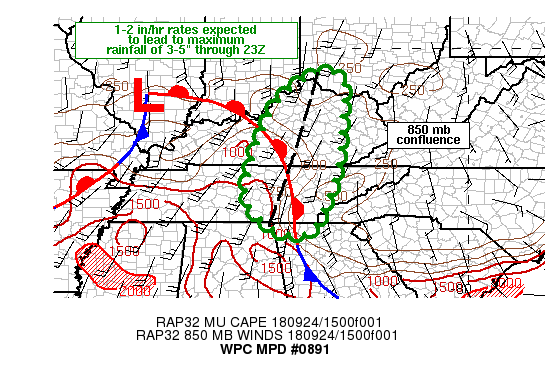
Areas affected...eastern TN into central/eastern KY and southern
OH

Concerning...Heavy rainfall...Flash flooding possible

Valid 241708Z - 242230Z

Summary...Rainfall rates of 1-2 in/hr are expected through the
afternoon across portions of eastern TN into central/eastern KY
and perhaps southern OH. Given low Flash Flood Guidance (FFG),
flash flooding will be possible.

Discussion...17Z surface observations showed a slow moving front
draped from the southern Mid-Atlantic states into the TN and lower
OH Valleys with extensive cloud cover to its north. 12Z RAOBs
indicated abundant moisture is in place with precipitable water
values near 2 inches from the lower MS Valley into the lower OH
Valley and modest 850 mb flow of 20-30 kt over KY and TN. Regional
radar imagery over the past 1-2 hours has largely shown radar
estimated rainfall rates below 1 in/hr over the region, with the
exception of northwestern GA where estimated and observed rates
were in the 1-2 in/hr range. Instability was a significant
limiting factor farther north where rainfall was more stratiform
in nature.

Short term forecasts from the RAP indicate that as a shortwave
(currently over the lower OH Valley) lifts toward the northeast
through 00Z, a diffuse warm front will lift north with greater low
level moisture advecting into eastern KY and OH, supporting
increasing MUCAPE into the 500-1500 J/kg range by 21Z. In
addition, an axis of 850 mb confluence will become better defined
across eastern TN/KY, which should help to support areas of
south-north training of heavy rain. Aloft, the right entrance
region of a 50-70 kt 250 mb jet streak over IN/OH may help to
focus added lift across the OH River Valley through the remainder
of the afternoon. As instability increases, even slightly given
the abundant moisture, rainfall rates of 1-2 in/hr will be
possible but cannot rule out locally higher rates if training sets
up favorably, leading to 6 hr rainfall maxima of 3-5 inches
through 23Z. Given low 3-hr FFG values of 1-2 in/hr, flash
flooding will be possible, although coverage of exceedance within
the MPD threat area appears like it will be scattered.